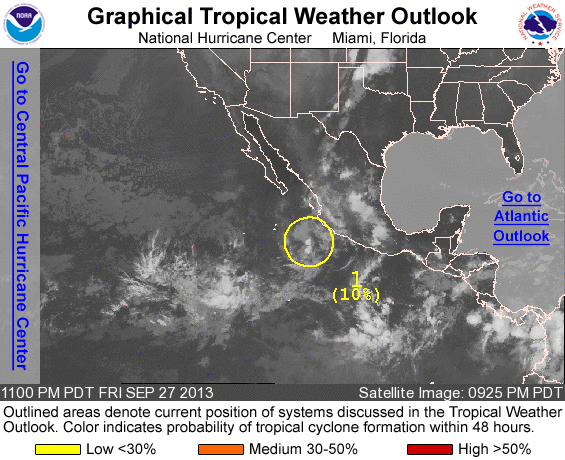
FOR THE EASTERN NORTH PACIFIC...EAST OF 140 DEGREES WEST LONGITUDE..

1. A WEAK AND ELONGATED AREA OF LOW PRESSURE LOCATED OFF THE WEST-CENTRAL COAST OF MEXICO IS PRODUCING LIMITED SHOWER AND THUNDERSTORM ACTIVITY. ENVIRONMENTAL CONDITIONS ARE EXPECTED TO BECOME LESS CONDUCIVE FOR DEVELOPMENT OVER THE WEEKEND...AND THE POTENTIAL FOR TROPICAL CYCLONE FORMATION APPEARS TO BE DECREASING. THIS SYSTEM HAS A LOW CHANCE...10 PERCENT...OF BECOMING A TROPICAL CYCLONE DURING THE NEXT 48 HOURS AND A LOW CHANCE...10 PERCENT...OF BECOMING A TROPICAL CYCLONE DURING THE NEXT 5 DAYS WHILE MOVING GENERALLY WESTWARD AT 5 TO 10 MPH. LOCALLY HEAVY RAINS ARE STILL POSSIBLE NEAR THE WEST-CENTRAL COAST OF MEXICO THROUGH SATURDAY.

FIVE-DAY FORMATION PROBABILITIES ARE EXPERIMENTAL IN 2013. COMMENTS ON THE EXPERIMENTAL FORECASTS CAN BE PROVIDED AT...

HTTP://WWW.NWS.NOAA.GOV/SURVEY/NWS-SURVEY.PHP?CODE=ETWO

FORECASTER BERG